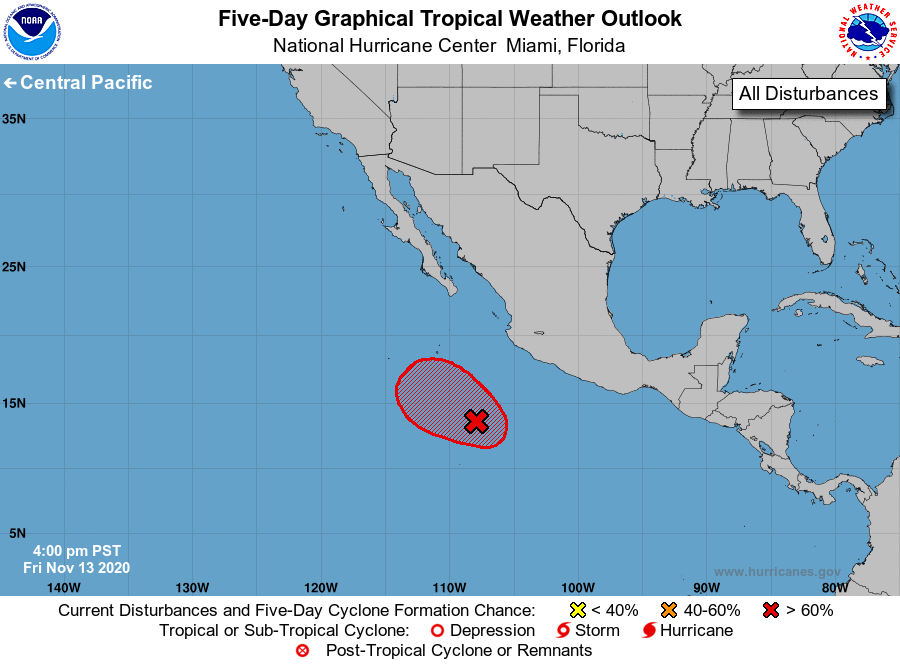
For the eastern North Pacific...east of 140 degrees west longitude:

1. Showers and thunderstorms continue to increase in coverage and organization near a broad area of low pressure located several hundred miles southwest of the coast of southern Mexico. Environmental conditions are expected to be conducive for gradual development, and a tropical depression is likely to form late this weekend or early next week as the system moves slowly west-northwestward or northwestward away from the coast of Mexico.
* Formation chance through 48 hours...medium...50 percent.
* Formation chance through 5 days...high...70 percent.

Forecaster Reinhart/Cangialosi